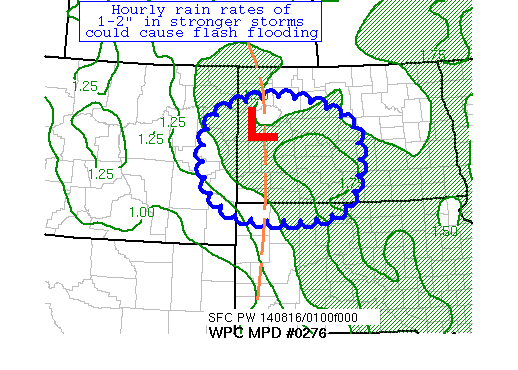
AREAS AFFECTED...FAR EASTERN MT AND WESTERN ND

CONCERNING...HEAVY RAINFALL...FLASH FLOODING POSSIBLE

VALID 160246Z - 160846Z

SUMMARY...A LOW- TO MID-LEVEL CIRCULATION WITHIN WESTERN ND IS
EXPECTED TO INTERACT WITH AN INCOMING OUTFLOW BOUNDARY FROM
NORTHEAST MT AND EVENTUALLY A SQUALL LINE MOVING INTO EASTERN MT.
FLASH FLOODING IS POSSIBLE OVERNIGHT.

DISCUSSION...THE 02Z OBSERVATIONS REVEAL A WEAK SURFACE
CONVERGENCE ZONE/TROWAL ACROSS THE WESTERN DAKOTAS WITH A WEAK
SURFACE LOW IN WESTERN ND NEAR A SLOW-MOVING LOW- TO MID-LEVEL
CIRCULATION.  PRECIPITABLE WATER VALUES ARE 1.5-1.75" IN THIS
REGION, AND MOST UNSTABLE CAPE VALUES ARE 1000-3000 J/KG.  INFLOW
AT 850 HPA INTO THE AREA -- BEST FROM THE NORTH WHERE INSTABILITY
IS HIGHEST -- IS 20-25 KTS AT THE MOMENT, IMPLYING THAT THE
ENVIRONMENT IS MARGINAL FOR WET MULTICELL STRUCTURES.

AN OUTFLOW BOUNDARY MOVING INTO THE REGION FROM NORTHEAST MT
SHOULD LEAD TO A BRIEF UPTICK IN RAINFALL RATES IN THIS REGION
OVER THE NEXT HOUR OR TWO AS THE LOW- TO MID-LEVEL CIRCULATION
STARTS MOVING EASTWARD.  EVENTUALLY, IN SIX OR SO HOURS, A SQUALL
LINE MOVING ACROSS EASTERN MT WILL MOVE INTO THIS REGION AS WELL,
ENHANCING CONVERGENCE.  WHILE CAPE VALUES ARE EXHAUSTING ACROSS
SOUTHWEST ND, THE REMAINDER OF THE ND AND EASTERN MT IS EXPECTED
TO HAVE AMPLE INSTABILITY OVER THE NEXT SEVERAL HOURS TO SUSTAIN
CONVECTION.  FLASH FLOOD GUIDANCE VALUES ARE QUITE LOW.
REFLECTING THIS INFORMATION ARE THE 18Z SSEO NEIGHBORHOOD
PROBABILITIES, WHICH ADVERTISE A 50-70% CHANCE OF EXCEEDING THE
THREE HOUR FLASH FLOOD GUIDANCE VALUES OVERNIGHT.   HOURLY
RAINFALL RATES OF 1-2" ARE POSSIBLE CONSIDERING THE AVAILABLE
MOISTURE.  MOST OF THE MESOSCALE QPF GUIDANCE INDICATES A QUICK
2-4" OF RAINFALL IS POSSIBLE HERE, WITH EXREF MEMBER NUMBER 7
ADVERTISING 10" OVER THE NEXT SIX HOURS NEAR THE WESTERN ND/SD
BORDER, WHICH LOOKS QUITE OVERDONE.  FLASH FLOODING IS CONSIDERED
POSSIBLE WITHIN THIS REGION.